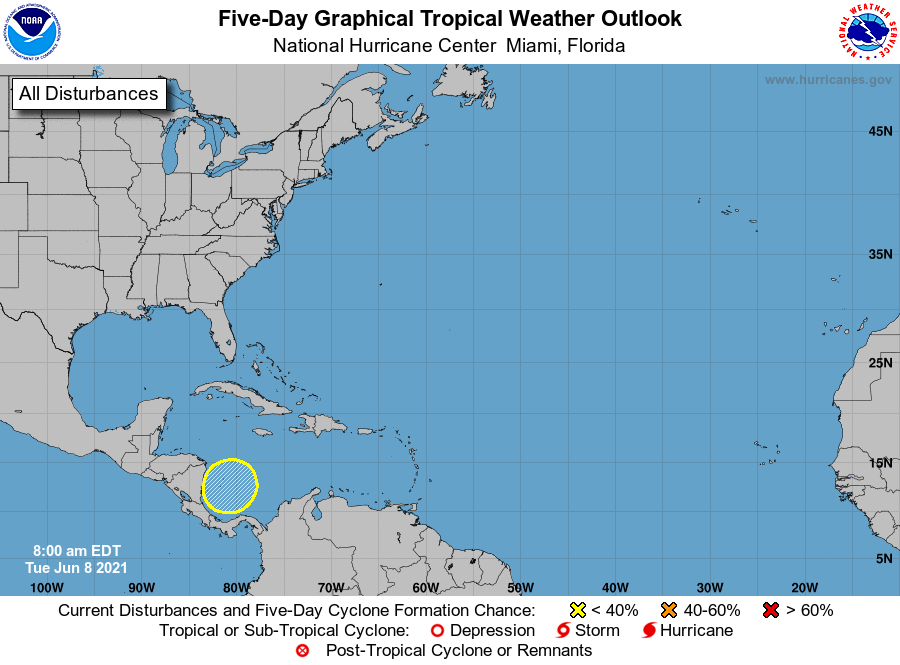
For the North Atlantic...Caribbean Sea and the Gulf of Mexico:

1. An area of low pressure is expected to develop over the southwestern Caribbean Sea during the next couple of days. Some gradual development will be possible thereafter while the system moves slowly northwestward toward Central America. Regardless of development, this system could produce heavy rainfall across northern Colombia and portions of Central America from Honduras southward later this week and into the weekend. See products from your local meteorological service for more information.
* Formation chance through 48 hours...low...near 0 percent.
* Formation chance through 5 days...low...30 percent.

Forecaster Reinhart/Pasch